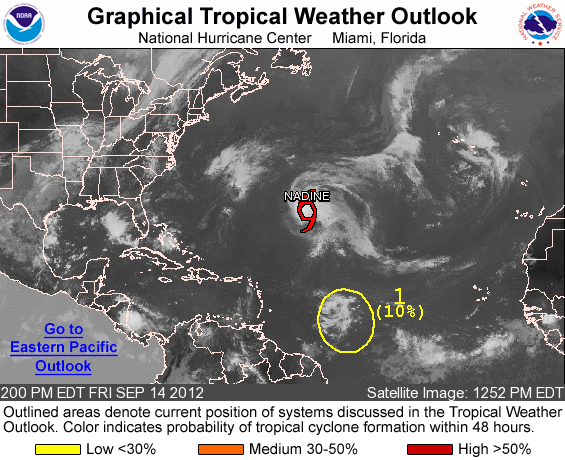
FOR THE NORTH ATLANTIC...CARIBBEAN SEA AND THE GULF OF MEXICO...

THE NATIONAL WEATHER SERVICE IS ISSUING ADVISORIES ON TROPICAL STORM NADINE...LOCATED ABOUT 735 MILES EAST-SOUTHEAST OF BERMUDA.

1. CLOUDINESS AND SHOWERS CONTINUE NEAR A TROPICAL WAVE LOCATED OVER THE CENTRAL TROPICAL ATLANTIC ABOUT 1050 MILES EAST OF THE WINDWARD ISLANDS. ENVIRONMENTAL CONDITIONS DO NOT APPEAR CONDUCIVE FOR SIGNIFICANT DEVELOPMENT WHILE THE WAVE MOVES WESTWARD AT ABOUT 15 MPH DURING THE NEXT COUPLE OF DAYS. THIS SYSTEM HAS A LOW CHANCE...10 PERCENT...OF BECOMING A TROPICAL CYCLONE DURING THE NEXT 48 HOURS.

ELSEWHERE...TROPICAL CYCLONE FORMATION IS NOT EXPECTED DURING THE NEXT 48 HOURS.

FORECASTER BERG